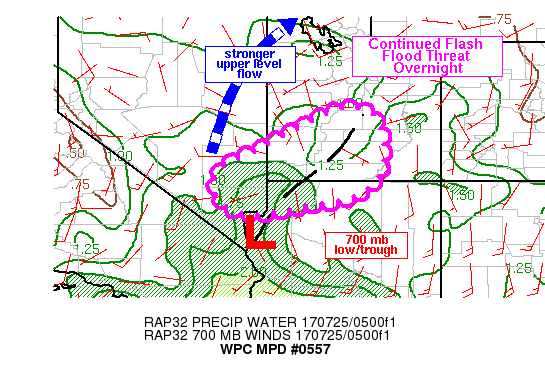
AREAS AFFECTED...FAR SERN NV INTO SWRN UT/NWRN AZ

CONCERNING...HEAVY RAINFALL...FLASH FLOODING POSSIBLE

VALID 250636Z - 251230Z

SUMMARY...SLOW MOVING CORES OF HEAVY RAIN WITH FLASH FLOOD
POTENTIAL ARE EXPECTED TO CONTINUE TO IMPACT PORTIONS OF FAR SERN
NV INTO SWRN UT AND NWRN AZ OVER THE NEXT SEVERAL HOURS. RAINFALL
RATES OF 1 TO 1.5 IN/HR WILL BE FOUND IN THE STRONGER CORES.

DISCUSSION...A 24 HOUR LOOP OF CIRA LAYERED PW IMAGERY SHOWED DEEP
LAYERED MOISTURE ADVECTING NORTH INTO THE SOUTHWEST U.S. FROM THE
TROPICAL EAST PACIFIC RESULTING IN A 2.24 INCH PRECIPITABLE WATER
VALUE AT YUM FOR 00Z...A NEAR RECORD ACCORDING TO THE SPC SOUNDING
CLIMATOLOGY. ANOMALOUS MOISTURE...3+ STANDARDIZED ANOMALIES...WAS
IN PLACE FROM PORTIONS OF ERN CA INTO SRN NV AND PORTIONS OF UT AS
OF 06Z. KICX RADAR IMAGERY AND EXPERIMENTAL GOES 16 INFRARED
IMAGERY SHOWED A SMALL CLUSTER OF ONGOING CONVECTION OVER
WASHINGTON AND NRN MOHAVE COUNTIES WITH RECENT SPC MESOANALYSIS
PAGE MUCAPE VALUES OF 500 TO 1000+ J/KG ACROSS THE REGION.

THE NV/UT/AZ TRI-STATE REGION WAS CAUGHT IN BETWEEN A WELL DEFINED
MID-LEVEL LOW ON THE NRN CA COAST AND RIDGE OVER NEW MEXICO. A
COMBINATION OF RAP ANALYSES...700 MB VAD WIND PLOTS AND 3.9 MICRON
SATELLITE IMAGERY SHOWED A LOW-MID LEVEL CIRCULATION/VORTICITY
MAXIMUM OVER NWRN AZ ALONG WITH AN INVERTED TROUGH AXIS EXTENDING
NEWD INTO CNTRL UT AT 06Z...LIKELY RESPONSIBLE FOR ONGOING
NOCTURNAL CONVECTION ALONG THE WRN UT/AZ BORDER...AMID GENERALLY
WEAK LOW-MID LEVEL FLOW. IN THE UPPER TROPOSPHERE...GOES HD WIND
VECTORS ALIGNED WELL WITH RAP ANALYSES SHOWING 30-50 KT OF FLOW
OVER WRN UT...RESULTING IN SOME DEGREE OF SPEED DIVERGENCE ALOFT
GIVEN WEAKER WIND SPEEDS TO THE SOUTH.

GIVEN THE FORECAST CONTINUED ADVECTION OF DEEP MOISTURE TO THE
NORTH THROUGH THE OVERNIGHT HOURS...AND LINGERING WEAK INSTABILITY
ALOFT...THE EXPECTATION IS FOR CONVECTION TO CONTINUE OR NEW CELLS
TO DEVELOP IN AND AROUND THE WRN UT/AZ BORDER. SLOW MOVEMENT AND
BRIEF TRAINING OF RAINFALL RATES 1-1.5 IN/HR MAY CONTINUE TO POSE
A FLASH FLOOD THREAT THROUGH 12Z. THIS SCENARIO IS SUPPORTED IN
SIMULATED REFLECTIVITY FROM THE 00Z NAM CONUS NEST AND RECENT RUNS
OF THE ESRL EXPERIMENTAL HRRR.